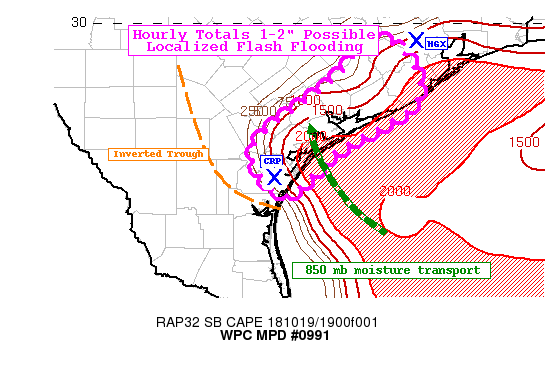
Areas affected...Texas Gulf Coast

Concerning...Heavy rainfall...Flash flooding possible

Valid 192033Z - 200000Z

Summary...Moderate to locally heavy rain moving onshore will have
the potential to bring 1-2" hourly totals. Localized higher
amounts are possible in any training storms which could result in
flash flooding.

Discussion...Surface analysis shows coastal front has now shifted
just onshore the Texas Gulf Coast. This is also evident by the
increase in surface-based instability which is now progged to be
between 1500-2000 J/kg per recent RAP mesoanalysis. With peak
heating, thunderstorms have blossomed between CRP and HGX with
some hourly rates between 1-2" noted.

The environment is expected to remain supportive of heavy rain
over the next several hours. RAP moist BL convergence shows
increasing values through 00z in an anomalous moist airmass (PWATS
2-3 SD above the mean). With the flow expected to remain
convergent through late afternoon or early evening, there's the
potential for a few bands of training convection which could bring
totals above FFG values (which is the main limiting factor for
flash flooding at this point).

As a result, some localized flash flooding is possible,
particularly over any urban or poor drainage areas.